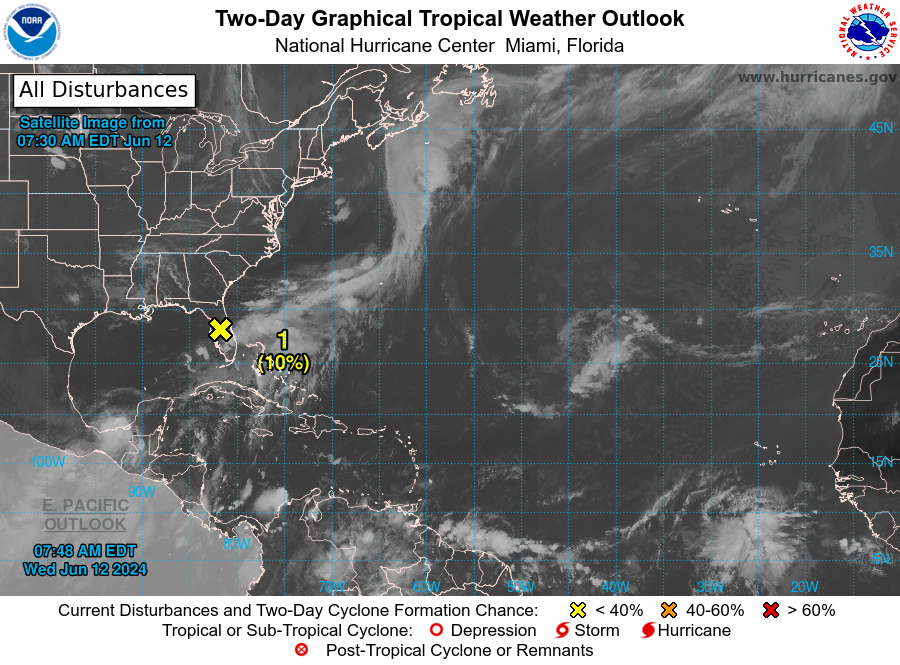
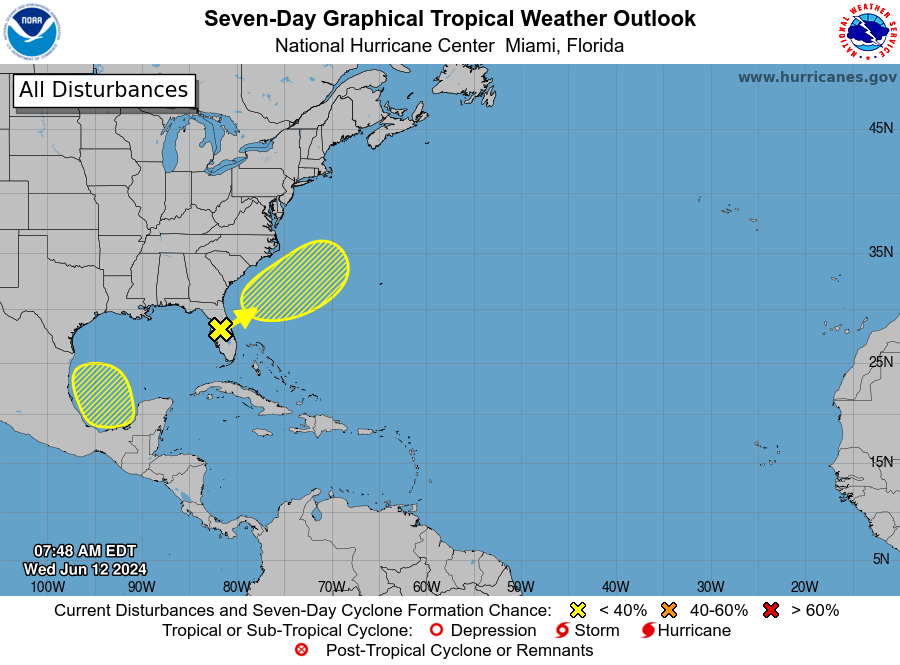
For the North Atlantic...Caribbean Sea and the Gulf of Mexico:

1. Florida Peninsula and Offshore Southeast U.S. (AL90): An elongated area of low pressure over the Florida peninsula is producing a large area of disorganized showers and thunderstorms. Although upper-level winds are expected to be only marginally conducive, some slow development is possible while the system moves northeastward offshore of the U.S. Southeast coast tonight through late week. Regardless of development, heavy rainfall is forecast to continue across portions of the Florida peninsula during the next few days. For more information, see products issued by the Weather Prediction Center and local National Weather Service Forecast Offices.
* Formation chance through 48 hours...low...10 percent.
* Formation chance through 7 days...low...20 percent.

2. Southwestern Gulf of Mexico: A broad area of low pressure could form over the weekend across the southwestern Gulf of Mexico. Environmental conditions appear conducive for some slow development early next week while the system moves slowly westward or west-northwestward.
* Formation chance through 48 hours...low...near 0 percent.
* Formation chance through 7 days...low...20 percent.

Weather Prediction Center products can be found at www.wpc.ncep.noaa.gov and National Weather Service forecast information can be found at www.weather.gov

Forecaster Kelly